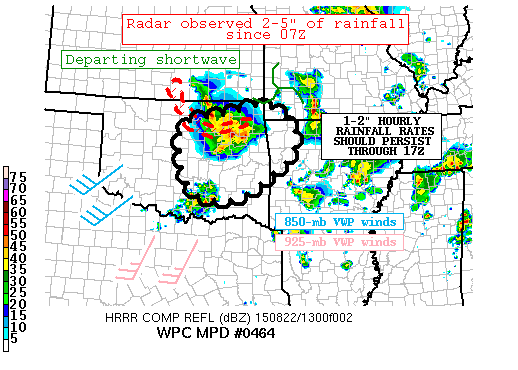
AREAS AFFECTED...CENTRAL TO EASTERN OK/NORTHWESTERN AR/FAR
SOUTHWESTERN MO...

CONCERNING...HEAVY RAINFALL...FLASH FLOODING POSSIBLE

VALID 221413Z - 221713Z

SUMMARY...AN ONGOING COMPLEX OF HEAVY RAINFALL CONTINUES TO AFFECT
SECTIONS OF CENTRAL TO EASTERN OK. THIS TRAINING BAND OF
CONVECTION ALREADY HAS A HISTORY OF PRODUCING FLASH FLOOD
CONDITIONS. WHILE A GENERAL SOUTHWARD MOTION HAS
COMMENCED...LOCALIZED HOURLY RAINFALL RATES APPROACHING 2 INCHES
IS POSSIBLE.

DISCUSSION...IN THE PAST FEW HOURS...THE CONVECTION WITHIN THE
DEPARTING SHORTWAVE HAS BEEN MORE SCATTERED IN NATURE ACROSS THE
OK/KS/MO BORDER REGION. MEANWHILE...THE NW-SE ORIENTED AXIS OF
TRAINING CONVECTION HAS FINALLY LATCHED OFF THE ELEVATED BOUNDARY
WITH THUNDERSTORMS NOSING SOUTHWARD. WHILE THE WESTERN FLANK OF
THE LINE HAS BEEN MORE PROGRESSIVE IN NATURE...THE EASTERN FLANK
HAS SHOWN TO BE SLOWER MOVING WITH HOURLY RAINFALL RATES IN THE
1.50 TO 2 INCH ALONG THE ENTIRE EXTENT OF THE LINE. THIS SHOULD
PROVE TO BE SUPPORTIVE OF LOCALIZED FLASH FLOODING
ISSUES...PARTICULARLY IF ANY CONVECTIVE ELEMENT HANGS UP BRIEFLY.
THIS SYSTEM ALREADY HAS A HISTORY OF PRODUCING SUCH CONDITIONS
WITH 3 TO 4 FEET OF WATER REPORTED IN KAY COUNTY OK WHERE 5.25
INCHES OF RAIN WAS MEASURED.

TO THE SOUTH OF THE COMPLEX...A SW-NE ORIENTED AXIS OF ACAS WAS
NOTED WHICH COULD BE THE PRE-CURSORS TO ADDITIONAL DEVELOPMENT
ACROSS SOUTHERN TO SOUTHEASTERN OK. THE 10Z EXPERIMENTAL HRRR
SEEMED TO LIKE THIS REGION FOR DEVELOPMENT ALTHOUGH IT MAY BE A
BIT QUICK BASED ON THE SIMULATED RADAR REFLECTIVITY.
OVERALL...ANTICIPATE ANOTHER FEW HOURS OF HEAVY RAINFALL OVER THE
REGION WITH THE POTENTIAL FOR FLASH FLOODING. THIS CLUSTER OF
THUNDERSTORMS HAS PROVEN TO LAST LONGER THAN MANY OF THE EARLIER
CAMS WERE SHOWING. SO IT IS DIFFICULT TO REALLY SUPPORT ANY
INDIVIDUAL CAM AT THIS MOMENT.